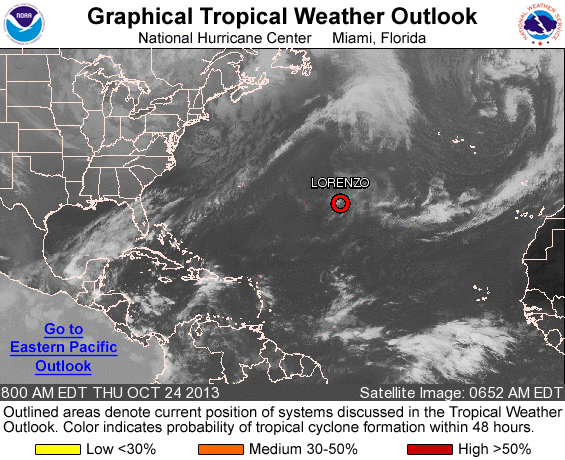
FOR THE NORTH ATLANTIC...CARIBBEAN SEA AND THE GULF OF MEXICO...

THE NATIONAL HURRICANE CENTER IS ISSUING ADVISORIES ON TROPICAL DEPRESSION LORENZO...LOCATED OVER THE CENTRAL ATLANTIC OCEAN WELL EAST OF BERMUDA.

TROPICAL CYCLONE FORMATION IS NOT EXPECTED THROUGH FIVE DAYS.

&&
FIVE-DAY FORMATION PROBABILITIES ARE EXPERIMENTAL IN 2013. COMMENTS ON THE EXPERIMENTAL FORECASTS CAN BE PROVIDED AT...

HTTP://WWW.NWS.NOAA.GOV/SURVEY/NWS-SURVEY.PHP?CODE=ETWO

FORECASTER BROWN